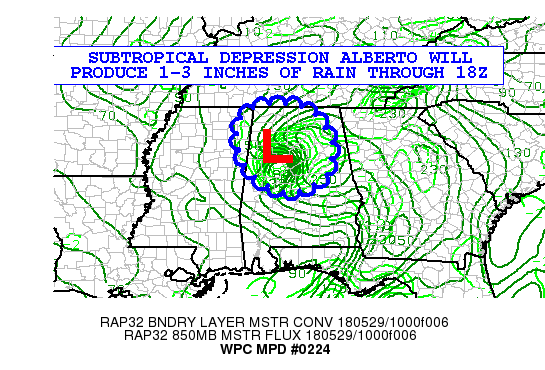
AREAS AFFECTED......CENTRAL TO NORTHERN ALABAMA...

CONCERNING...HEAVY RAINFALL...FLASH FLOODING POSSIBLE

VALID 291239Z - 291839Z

SUMMARY...HEAVY SHOWERS AND PERIODS OF RAIN WILL PRODUCE 1-3
INCHES OF RAIN ACROSS CENTRAL AND NORTHERN ALABAMA THROUGH 18Z...

RADAR AND SATELLITE DATA SHOW SUBTROPICAL DEPRESSION ALBERTO
MOVING NORTH NORTHWEST ACROSS ALABAMA.  SURFACE DATA INDICATES 1-3
INCHES OF RAIN FELL IN THE 6 HOURS BETWEEN 06-12Z AND SIMILAR
AMOUNTS ARE EXPECTED AGAIN 12-18Z. FLASH FLOODING IS POSSIBLE.

DISCUSSION...
AN AREA OF RAIN CONTINUES DUE TO THE COMBINED IMPACTS OF WELL
DEFINED BOUNDARY LAYER MOISTURE CONVERGENCE AND MOISTURE FLUXES
ROTATING AROUND THE CIRCULATION OF THE DEPRESSION...ALONG WITH A
WELL DEFINED 850-700 MB DEFORMATION ZONE ON THE NORTHERN/WESTERN
FLANKS OF THE CIRCULATION.

WITH THESE FEATURES FORECAST TO PERSIST OVER THE NEXT SEVERAL
HOURS WITH 850-700 MB THETA-E ADVECTION MAXIMIZING ALONG THE PATH
OF THE CIRCULATION AS IT MOVES NORTH NORTHWEST ACROSS
ALABAMA...THE RAINS ARE HIGHLY LIKELY TO PERSIST ACROSS CENTRAL
AND THEN NORTHERN ALABAMA.

THE NAM/GFS/HIGH RES RAPID REFRESH MODELS AND THE HURRICANE
WRF/HMON TROPICAL  CYCLONE MODELS FORECAST AMOUNTS IN THE 1-3 INCH
RANGE AND CLUSTER FAIRLY WELL...WHICH IS EXPECTED DUE TO THE LONG
LASTING AND WELL DEFINED CIRCULATION.